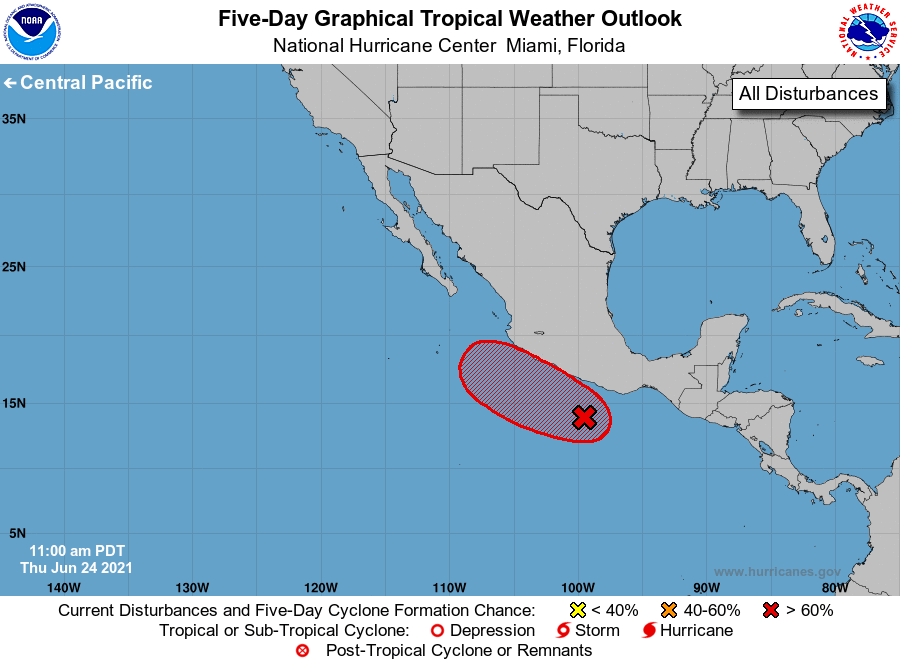
For the eastern North Pacific...east of 140 degrees west longitude:

1. Showers and thunderstorms continue to show some signs of organization in association with a low pressure system located a couple of hundred miles south of southern Mexico. However, recent satellite wind data indicates that the circulation is still broad and elongated. Environmental conditions are conducive for gradual development, and a tropical depression is expected to form in a day or two while the disturbance moves west-northwestward at about 10 mph. This system is expected to be near the coast of southern or southwestern Mexico through the weekend, and interests in those areas should monitor its potential for development, as well as the threat of heavy rainfall and flooding.
* Formation chance through 48 hours...high...80 percent.
* Formation chance through 5 days...high...90 percent.

Forecaster Cangialosi